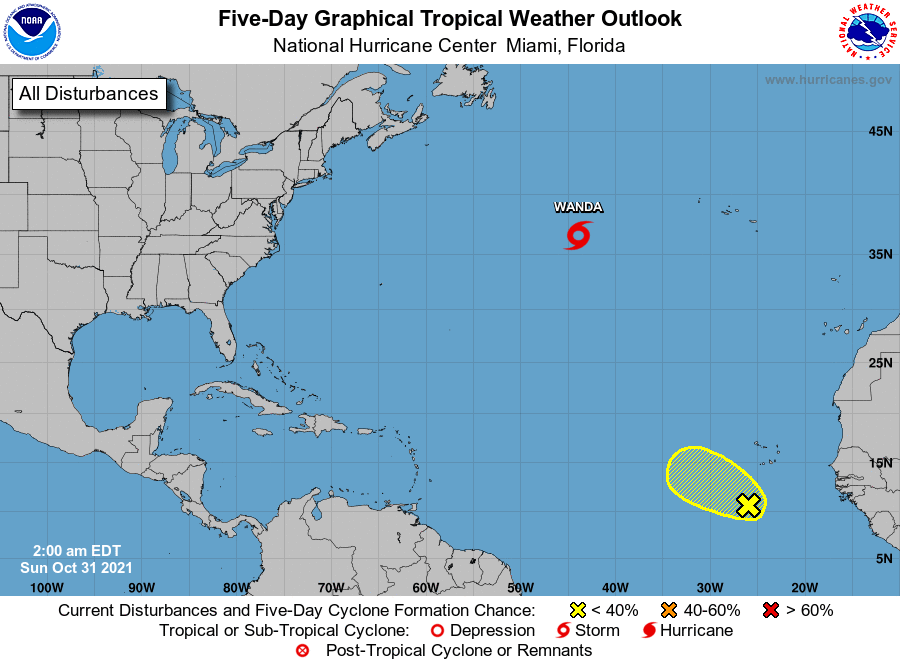
For the North Atlantic...Caribbean Sea and the Gulf of Mexico:

The National Hurricane Center is issuing advisories on newly formed Subtropical Storm Wanda, located a little over 1000 miles west of the Azores.

1. A broad area of low pressure located over the tropical eastern Atlantic a few hundred miles southwest of the Cabo Verde Islands is producing a large area of disorganized showers and thunderstorms. Slow development of this system is possible during the next couple of days before it moves into a region of strong upper-level winds early next week. This system is expected to move west-northwestward to northwestward at 10 to 15 mph during the next few days.
* Formation chance through 48 hours...low...30 percent.
* Formation chance through 5 days...low...30 percent.

Public Advisories on Subtropical Storm Wanda are issued under WMO header WTNT31 KNHC and under AWIPS header MIATCPAT1. Forecast/Advisories on Subtropical Storm Wanda are issued under WMO header WTNT21 KNHC and under AWIPS header MIATCMAT1.

Forecaster Beven